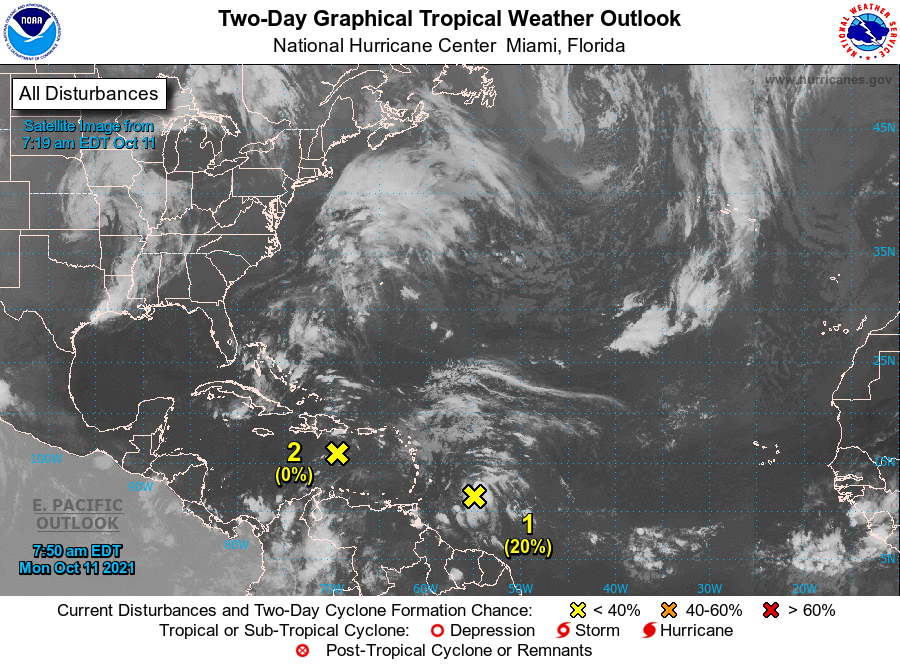
For the North Atlantic...Caribbean Sea and the Gulf of Mexico:

1. A tropical wave located about 350 miles east-southeast of the Windward Islands is producing an area of showers and a few thunderstorms. Some slow development is possible during the next day or two while the system moves west-northwestward at about 15 mph toward the Lesser Antilles. Strong upper-level winds are expected to limit further development on Tuesday. Regardless of development, the system could produce locally heavy rainfall and gusty winds across portions of the central and northern Lesser Antilles on Tuesday, and across the Virgin Islands and Leeward Islands on Wednesday.
* Formation chance through 48 hours...low...20 percent.
* Formation chance through 5 days...low...20 percent.

2. Shower and thunderstorm activity associated with another tropical wave located over the eastern Caribbean Sea has decreased since yesterday. Environmental conditions are not expected to support development of this system for the next day or two. However, some gradual development is possible beginning on Wednesday when the system nears the southeastern Bahamas. Regardless of development, locally heavy rainfall is possible over portions of the Lesser Antilles, Puerto Rico, and Hispaniola during the next couple of days.
* Formation chance through 48 hours...low...near 0 percent.
* Formation chance through 5 days...low...20 percent.

Forecaster D. Zelinsky